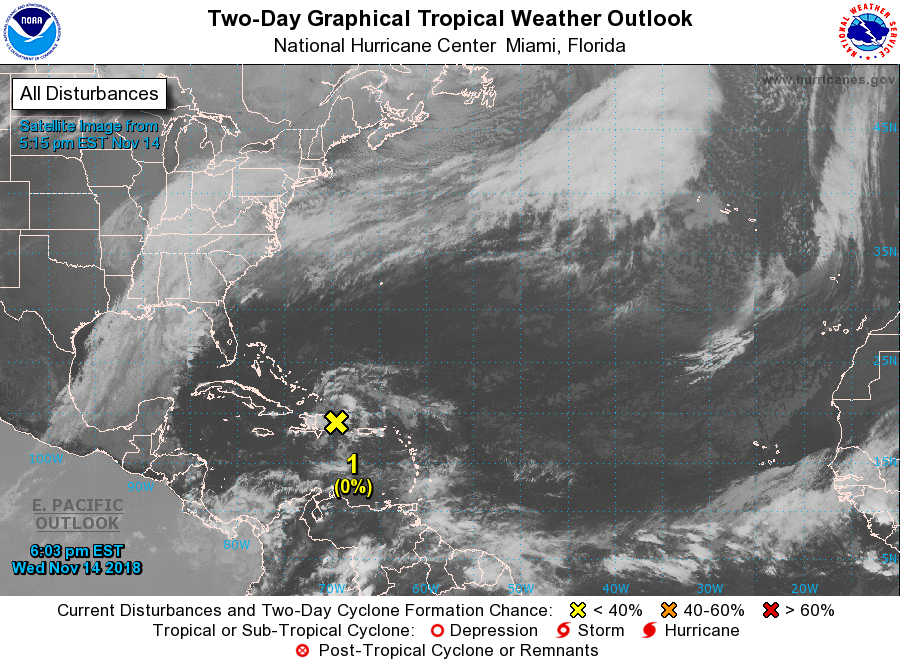
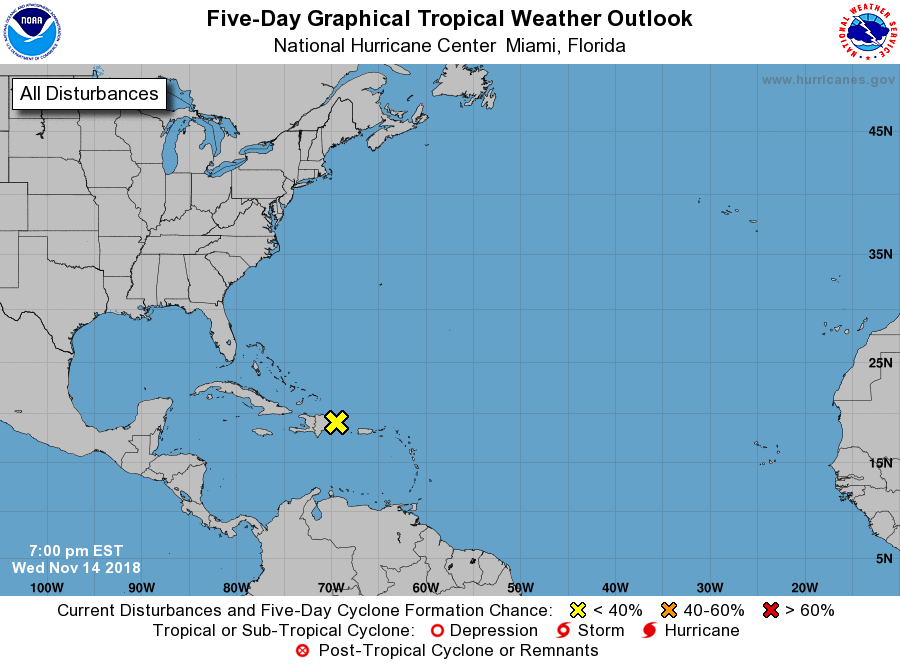
For the North Atlantic...Caribbean Sea and the Gulf of Mexico:

1. Disorganized shower activity over portions of the Virgin Islands, Puerto Rico, Hispaniola, and the adjacent waters is associated with a tropical wave interacting with an upper-level low. Development of this system is not expected due to unfavorable upper-level winds and interaction with islands of the Greater Antilles. However, locally heavy rainfall will continue over portions of Puerto Rico and Hispaniola for another day or so. This rainfall will also spread across portions of the Turks and Caicos Islands and the southeastern Bahamas tonight and Thursday as the system turns northwestward.
* Formation chance through 48 hours...low...near 0 percent.
* Formation chance through 5 days...low...near 0 percent.

Forecaster Cangialosi